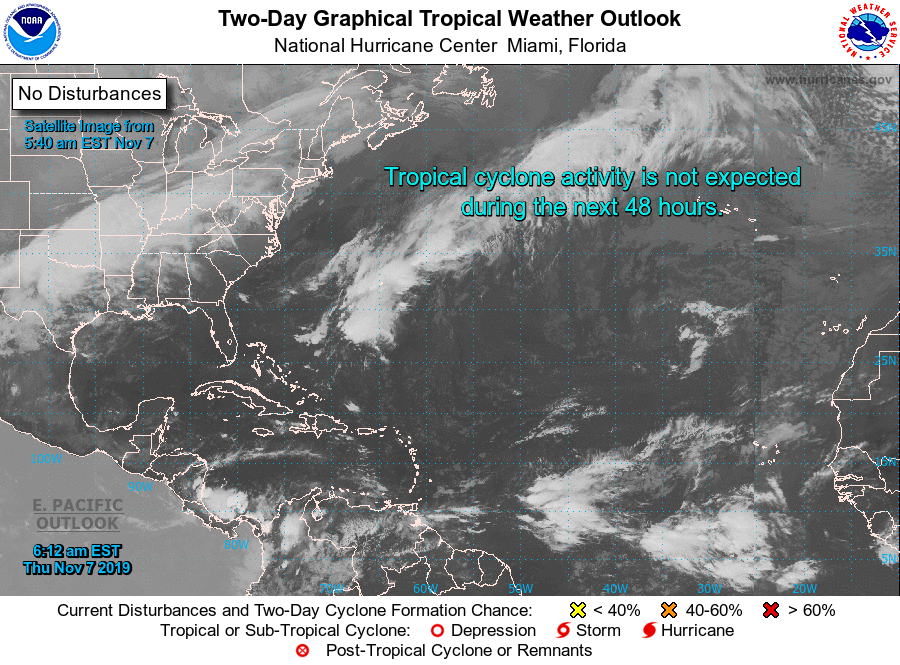
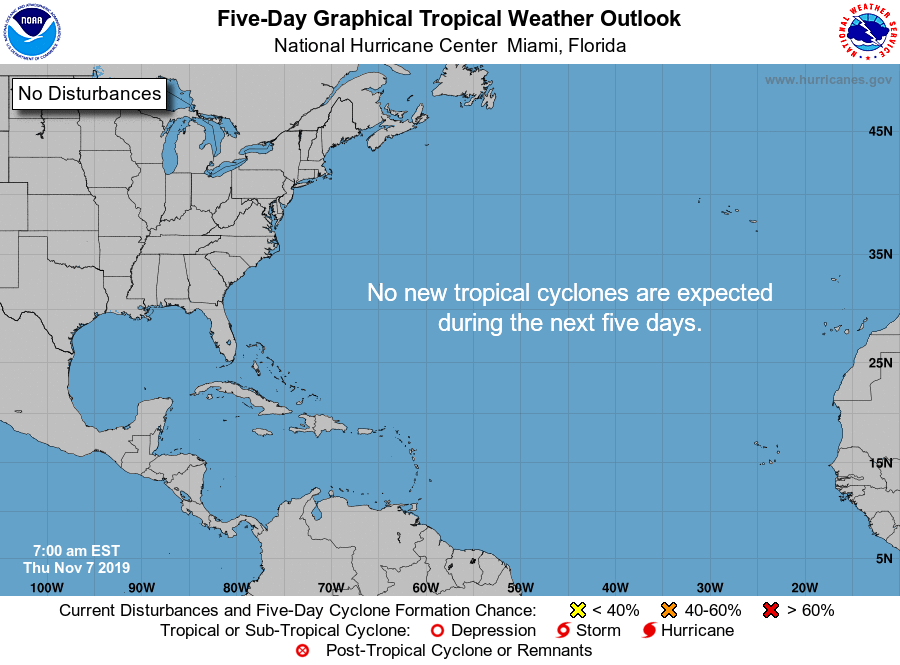
For the North Atlantic...Caribbean Sea and the Gulf of Mexico:

Tropical cyclone formation is not expected during the next 5 days.

Forecaster Avila